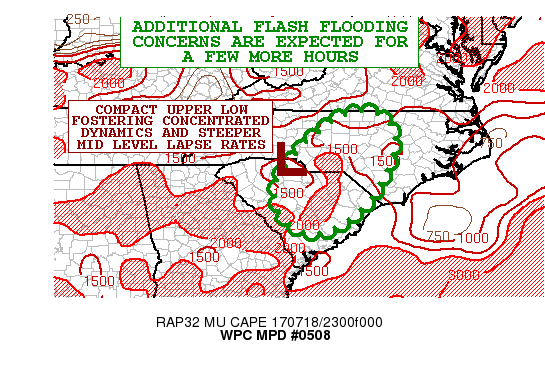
AREAS AFFECTED...CENTRAL/SOUTHERN NC...CENTRAL/NORTHERN SC

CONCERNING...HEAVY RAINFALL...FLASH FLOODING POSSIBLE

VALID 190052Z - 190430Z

SUMMARY...A PERSISTENT BAND OF THUNDERSTORMS WILL CONTINUE TO
GRADUALLY DROP SOUTHWARD WITH INTENSE RAINFALL RATES. SOME
ADDITIONAL FLASH FLOODING IS POSSIBLE.

DISCUSSION...A RELATIVELY COMPACT UPPER LOW OVER THE SOUTHERN
MID-ATLANTIC REGION CONTINUES TO WORK OFF DIURNALLY ENHANCED
BOUNDARY LAYER INSTABILITY AND A RELATIVELY MOIST ENVIRONMENT FOR
CLUSTERS OF STRONG THUNDERSTORMS WHICH ARE PRODUCING RAINFALL
RATES OF AS MUCH AS 2 TO 2.5 INCHES/HR.

EXPERIMENTAL GOES-16 10.3 MICRON/IR SATELLITE DATA HAS SHOWN SOME
ADDITIONAL COOLING OF CONVECTIVE TOPS OVER THE LAST 30 MINUTES IN
VICINITY OF MECKLENBURG AND UNION COUNTIES OF SOUTHERN NC NOT FAR
FROM CHARLOTTE...AND ALSO DOWN INTO FAR NORTHEAST SC INVOLVING
CHESTERFIELD COUNTY.

THESE THUNDERSTORMS ARE BEING DYNAMICALLY SUPPORTED BY THE DPVA OF
THE UPPER LOW AND ALSO RELATIVELY STEEP MID LEVEL LAPSE RATES AND
SHOULD TEND TO PERSIST A FEW MORE HOURS WHILE SHIFTING GRADUALLY
SOUTHWARD INTO NORTHERN/CENTRAL SC.

EXPECT AS MUCH AS 3 TO 4 INCHES OF RAIN WITH ISOLATED 5 INCH
AMOUNTS NOT OUT OF THE QUESTION. THE ACTIVITY SHOULD WEAKEN LATE
IN THE EVENING AS INSTABILITY IS EXHAUSTED...BUT THESE TOTALS MAY
RESULT IN SOME ADDITIONAL FLASH FLOODING CONCERNS.